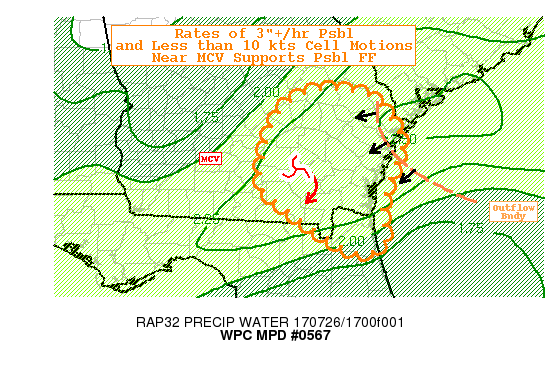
AREAS AFFECTED...SOUTHEAST GA....EXT NORTHEAST FL

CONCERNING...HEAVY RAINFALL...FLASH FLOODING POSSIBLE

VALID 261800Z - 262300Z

SUMMARY...VERY SLOW EXTREMELY EFFICIENT RAINFALL WITH RATES UP TO
3"+/HR ARE POSSIBLE POTENTIALLY LEADING TO LOCALIZED FLASH
FLOODING CONCERNS.

DISCUSSION...COMPACT SHORTWAVE/CONVECTIVELY MAINTAINED MCV IS WELL
DEFINED IN SATELLITE ACROSS SE GA...THOUGH IS A BIT MORE ELONGATED
NEAR THE SURFACE TO 850 WITH TROF EXTENDING NORTHWARD ALONG THE SC
COAST TOWARD SECONDARY WAVE OFF SHORE.  IT IS OUTFLOW AND SUPPORT
FROM THE SECONDARY WAVE TO SUPPLY SUFFICIENT LOW LEVEL CONVERGENCE
TO BREAK THE WEAK CAP IN THE AREA.

WHILE RAP ANALYSIS SUGGESTS THAT THERE IS AN INSTABILITY MINIMA
NEAR THE CENTER OF THE MCV THIS BELIES THE FACT THE LAPSE RATES
ARE NEARLY FULLY MOIST ADIABATIC THROUGH MUCH OF THE TROPOSPHERE
WITH TPWS OVER 2.25" BUT NARROW SKINNY PROFILES THAT SUPPORT EVEN
1500 J/KG OF MLCAPE...WHILE THE PERIPHERY WHERE DRIER MID-LEVELS
SUPPORT VALUES TO 3000 J/KG.   THESE SATURATED PROFILES NEAR THE
INNER CORE WILL HAVE TWO FACTORS GOING FOR IT: LIMITED DRY AIR
LIMITS COLD POOL/STRONG OUTFLOW TO PROPAGATE AS WELL AS WARM CLOUD
PROCESSES THAT WILL SUPPORT GREATER THAN 3"/HR RATES. THIS HAS
BEEN SUPPORTED BY BACKYARD OBSERVATION NETWORK RATES SOUTHEAST OF
RICEBORO,GA OF 2"/30 MINUTES WHICH WAS CONFIRMED BY MULTIPLE
OBSERVATIONS.

THE LAST CONCERN FOR FLOODING IS RELATED TO VERY SLOW CELL
MOTIONS...IN FACT NEAR ZERO NEAR WAYCROSS, GA.  STILL SLOW
SOUTH/SOUTHWEST MOTION OF THE MCV SHOULD ALLOW FOR SOME MOVEMENT
OF THE INDIVIDUAL CELLS THOUGH LIKELY AT AROUND 5-10KTS AT MOST.
THIS COULD POSE TOTALS OVER 3-4" IN 1-2 HOURS.
ADDITIONALLY...REDEVELOPMENT IS POSSIBLE OVER THE SAME AREA
PARTICULARITY ALONG THE GA/EXT NE FL COAST WHERE RIGHT
QUADRANT/DOWN SHEAR PROFILES SHOULD SUPPORT BETTER/MORE CONSISTENT
MOISTURE CONVERGENCE.

THE MOST LIMITING FACTOR FOR FLASH FLOODING IS OBVIOUSLY THE
GROUND CONDITIONS...WHILE GENERALLY FLAT EVEN SWAMPY SUCH AS THE
OKEFENOKEE WILDERNESS AND AS SUCH FFG VALUES MAY BE DIFFICULT TO
EXCEED WITH EXCEPTION TO 1HR/QUICK BURST RATES.   THOUGH SOME
AREAS RECEIVED SCATTERED 1-2+" TOTALS YESTERDAY PERHAPS INCREASING
RUNOFF LOCALLY. ALL CONSIDERED FLASH FLOODING IS ONLY CONSIDERED
POSSIBLE.